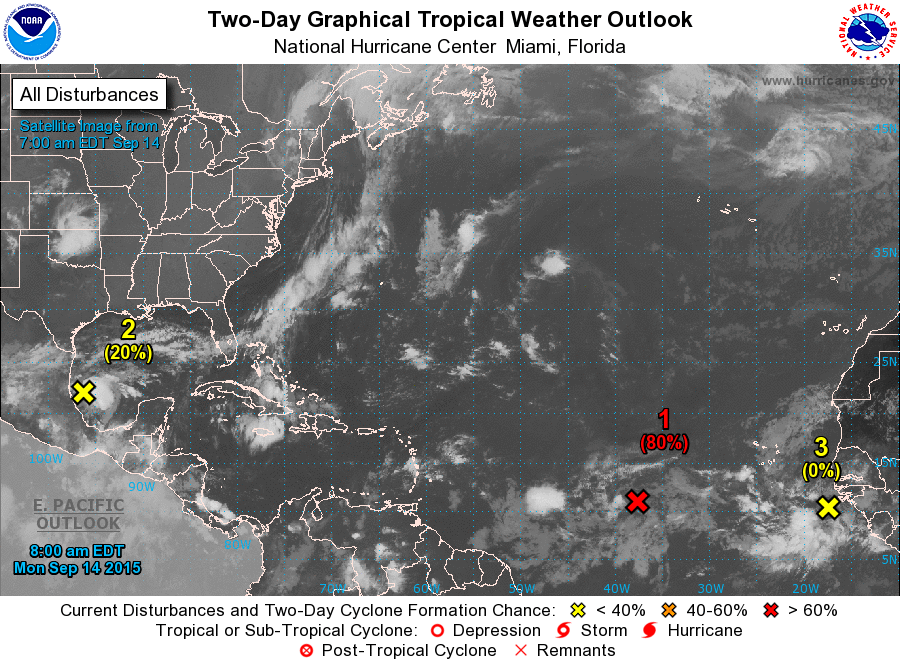
For the North Atlantic...Caribbean Sea and the Gulf of Mexico:

1. A well-defined low pressure system located several hundred miles west-southwest of the Cape Verde Islands is producing minimal shower activity. However, environmental conditions are expected to be conducive for development, and this system could still become a tropical depression during the next day or two while it moves generally northwestward across the central tropical Atlantic.
* Formation chance through 48 hours...high...80 percent
* Formation chance through 5 days...high...90 percent

2. Shower activity has changed little in association with an area of low pressure located over the southwestern Gulf of Mexico. Some slow development of this system is possible during the next couple of days while it moves little. After a couple of days, a slow west-northwestward motion toward Mexico is expected and land interaction should limit development. The Air Force Reserve reconnaissance aircraft originally scheduled to investigate the system Monday afternoon has been canceled.
* Formation chance through 48 hours...low...20 percent
* Formation chance through 5 days...low...30 percent

3. A tropical wave located just off the west coast of Africa is producing disorganized showers and thunderstorms. Environmental conditions are expected to be conducive for gradual development of this wave during the next several days while it moves westward at 10 to 15 mph.
* Formation chance through 48 hours...low...near 0 percent
* Formation chance through 5 days...medium...40 percent

Forecaster Stewart